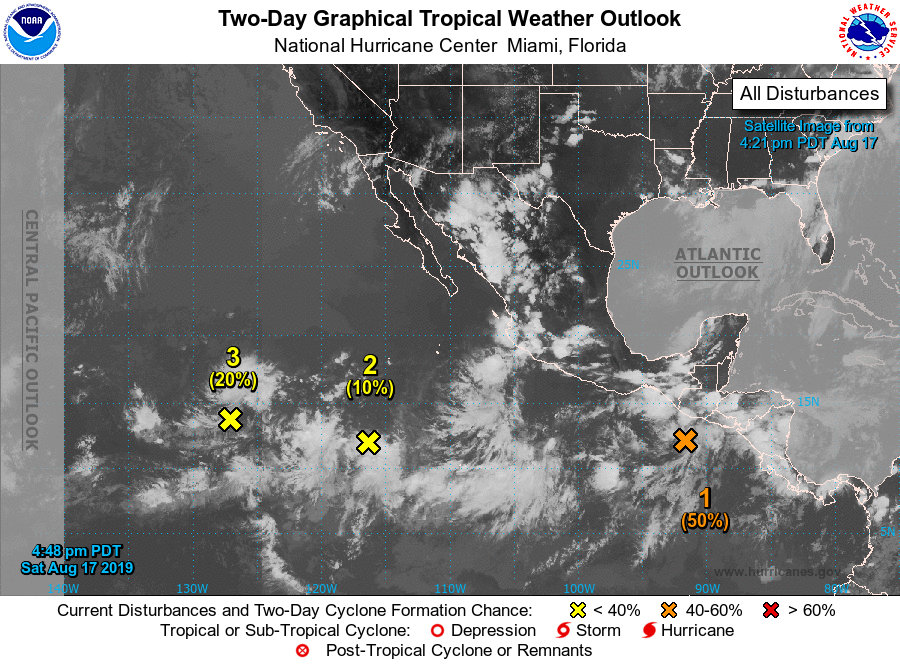
For the eastern North Pacific...east of 140 degrees west longitude:

1. An area of low pressure located a couple of hundred miles south of the coast of Guatemala continues to produce disorganized showers and thunderstorms. Environmental conditions are expected to become more conducive for development by early next week, and a tropical depression is expected to form on Monday or Tuesday while the low moves west-northwestward at about 10 mph parallel to the coast of Mexico. Moisture associated with the low is forecast to produce heavy rainfall and possible flash flooding across portions of El Salvador, Guatemala, and southeastern Mexico during the next few days.
* Formation chance through 48 hours...medium...50 percent.
* Formation chance through 5 days...high...90 percent.

2. A tropical wave located about 900 miles south-southwest of the southern tip of the Baja California peninsula is producing disorganized shower and thunderstorm activity. Some slow development of this system is possible over the next several days while it moves westward to west-northwestward at 5 to 10 mph.
* Formation chance through 48 hours...low...10 percent.
* Formation chance through 5 days...low...30 percent.

3. Another tropical wave, located about 1300 miles west-southwest of the southern tip of the Baja California peninsula, is producing disorganized showers and thunderstorms. Gradual development of this system is possible during the next couple of days while it moves slowly westward across the southwestern portion of the eastern Pacific.
* Formation chance through 48 hours...low...20 percent.
* Formation chance through 5 days...low...20 percent.

Forecaster Blake